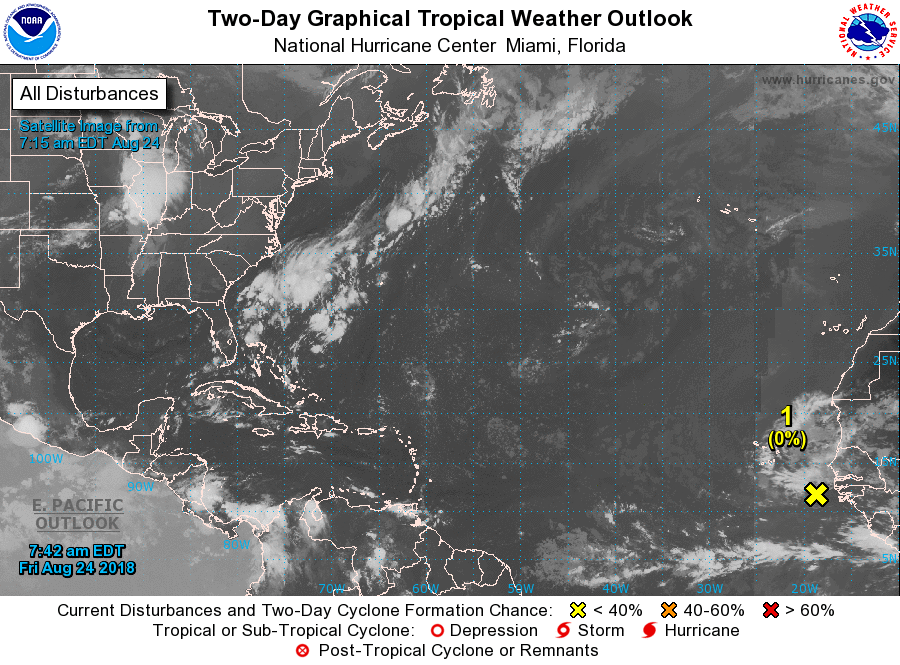
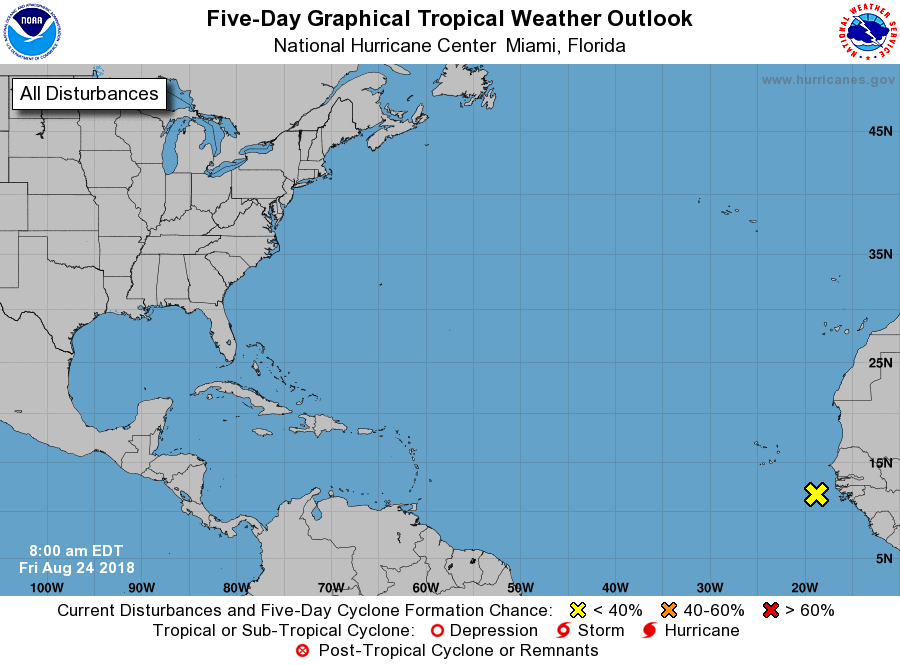
For the North Atlantic...Caribbean Sea and the Gulf of Mexico:

1. A tropical wave that just emerged off the west coast of Africa is forecast to move quickly westward over the tropical Atlantic at about 20 mph during the next several days. Although shower and thunderstorm activity may increase near the wave east of the Lesser Antilles by the middle of next week, development of this system is not expected through Wednesday due to its fast forward speed.
* Formation chance through 48 hours...low...near 0 percent.
* Formation chance through 5 days...low...near 0 percent.

Forecaster Berg